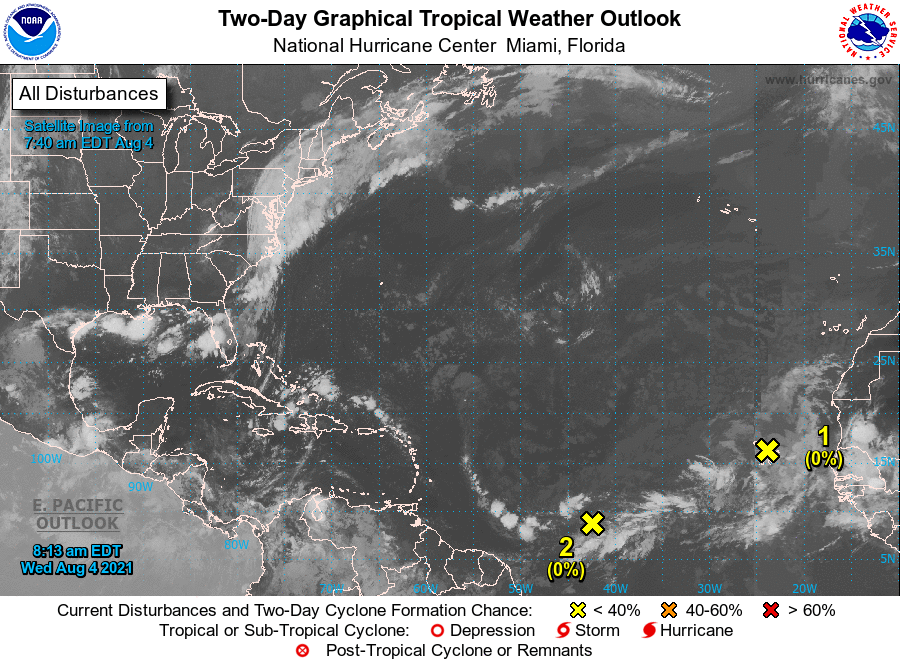
For the North Atlantic...Caribbean Sea and the Gulf of Mexico:

1. A small and weak area of low pressure, with limited shower and thunderstorm activity, is passing near the Cabo Verde Islands. Significant development of this system is not expected during the next day or so due to unfavorable environmental conditions. Thereafter, this system is forecast to move northward or north-northwestward over cooler waters, ending its development chances. Locally heavy rainfall and gusty winds are possible over portions of the Cabo Verde Islands through today.
* Formation chance through 48 hours...low...near 0 percent.
* Formation chance through 5 days...low...near 0 percent.

2. A tropical wave is forecast to move off the west coast of Africa by late Thursday. Environmental conditions appear somewhat conducive for some slow development over the far eastern Atlantic through the weekend into early next week while the system moves generally westward at about 15 mph.
* Formation chance through 48 hours...low...near 0 percent.
* Formation chance through 5 days...low...30 percent.

3. A tropical wave located over the central tropical Atlantic is producing a broad area of disorganized showers and thunderstorms. Environmental conditions are expected to be marginally conducive for some slow development east of the Lesser Antilles by Sunday and into early next week while the disturbance moves west-northwestward at 10 to 15 mph.
* Formation chance through 48 hours...low...near 0 percent.
* Formation chance through 5 days...low...20 percent.

Forecaster Stewart